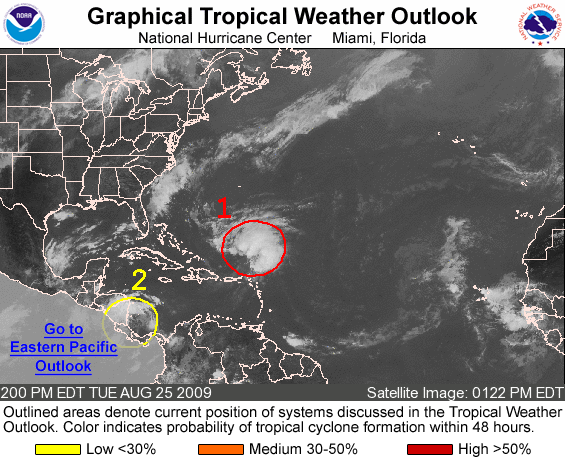
FOR THE NORTH ATLANTIC...CARIBBEAN SEA AND THE GULF OF MEXICO...

1. AN AREA OF DISTURBED WEATHER ASSOCIATED WITH A TROUGH OF LOW PRESSURE INTERACTING WITH AN UPPER-LEVEL LOW IS CENTERED ABOUT 325 MILES NORTH-NORTHEAST OF SAN JUAN PUERTO RICO. THIS SYSTEM CONTINUES TO SHOW SOME SIGNS OF ORGANIZATION...AND UPPER-LEVEL WINDS ARE FORECAST TO BECOME MORE CONDUCIVE FOR DEVELOPMENT DURING THE NEXT DAY OR SO AS THE SYSTEM MOVES WEST-NORTHWESTWARD AROUND 20 MPH. THERE IS A HIGH CHANCE...GREATER THAN 50 PERCENT...OF THIS SYSTEM BECOMING A TROPICAL DEPRESSION OR TROPICAL STORM DURING THE NEXT 48 HOURS. A RECONNAISSANCE AIRCRAFT IS SCHEDULED TO INVESTIGATE THE AREA LATER THIS AFTERNOON. INTERESTS IN THE BAHAMAS SHOULD MONITOR THE PROGRESS OF THIS SYSTEM.

2. THE BROAD AREA OF LOW PRESSURE LOCATED OVER THE SOUTHWESTERN CARIBBEAN SEA THIS MORNING HAS MOVED INLAND OVER CENTRAL AMERICA. THIS SYSTEM IS EXPECTED TO PRODUCE LOCALLY HEAVY RAINFALL OVER PORTIONS OF CENTRAL AMERICA DURING THE NEXT DAY OR SO AS IT MOVES WESTWARD INTO THE EASTERN PACIFIC OCEAN.

ELSEWHERE...TROPICAL CYCLONE FORMATION IS NOT EXPECTED DURING THE NEXT 48 HOURS.

FORECASTER BROWN